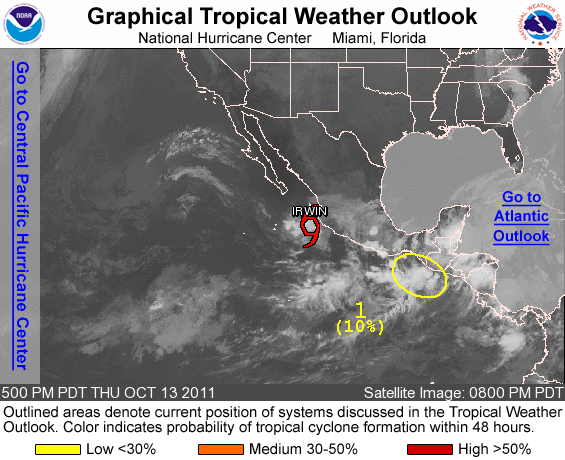
FOR THE EASTERN NORTH PACIFIC...EAST OF 140 DEGREES WEST LONGITUDE..

THE NATIONAL HURRICANE CENTER IS ISSUING ADVISORIES ON TROPICAL STORM IRWIN...LOCATED ABOUT 145 MILES WEST OF MANZANILLO MEXICO.

1. AN ELONGATED TROUGH OF LOW PRESSURE EXTENDS JUST OFF THE COAST OF SOUTHEASTERN MEXICO...GUATEMALA...AND EL SALVADOR AND IS PRODUCING A DISORGANIZED AREA OF SHOWERS AND THUNDERSTORMS. THIS SYSTEM IS EXPECTED TO MOVE LITTLE DURING THE NEXT COUPLE OF DAYS...AND SOME DEVELOPMENT IS POSSIBLE IF THE TROUGH AXIS REMAINS OVER WATER. REGARDLESS OF DEVELOPMENT...LOCALLY HEAVY RAINS ARE LIKELY NEAR PORTIONS OF THE PACIFIC COASTS OF SOUTHEASTERN MEXICO AND CENTRAL AMERICA. THIS SYSTEM HAS A LOW CHANCE...10 PERCENT...OF BECOMING A TROPICAL CYCLONE DURING THE NEXT 48 HOURS.

ELSEWHERE...TROPICAL CYCLONE FORMATION IS NOT EXPECTED DURING THE NEXT 48 HOURS.

FORECASTER BERG